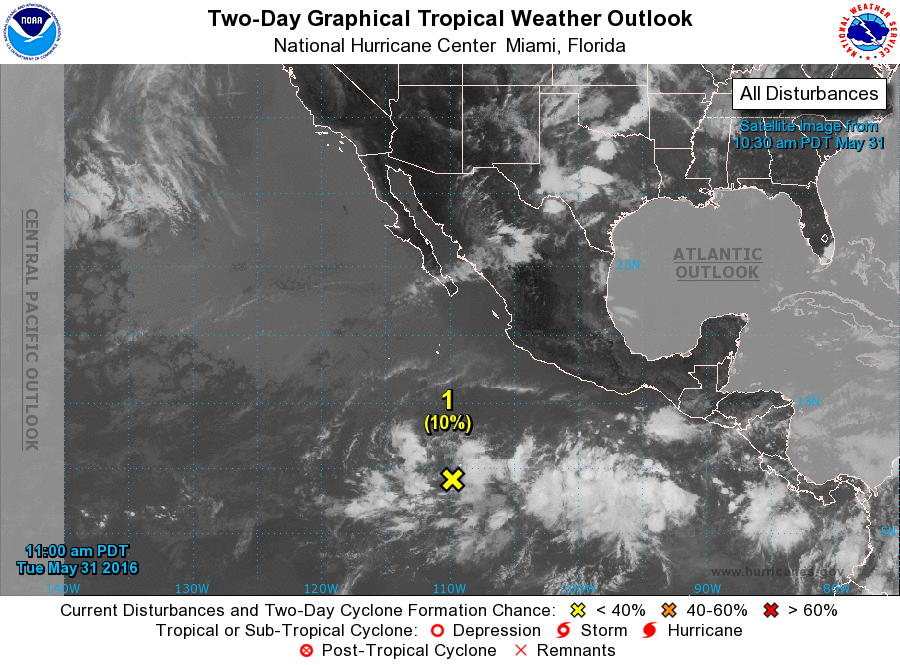
For the eastern North Pacific...east of 140 degrees west longitude:

1. Showers and thunderstorms associated with an elongated area of low pressure located about 1000 miles south of the southern tip of the Baja California peninsula have become less organized since yesterday. However, environmental conditions are expected to be conducive for slow development, and a tropical depression is still likely to form later this week as the disturbance moves slowly west-northwestward.
* Formation chance through 48 hours...low...10 percent
* Formation chance through 5 days...high...80 percent

Forecaster Kimberlain